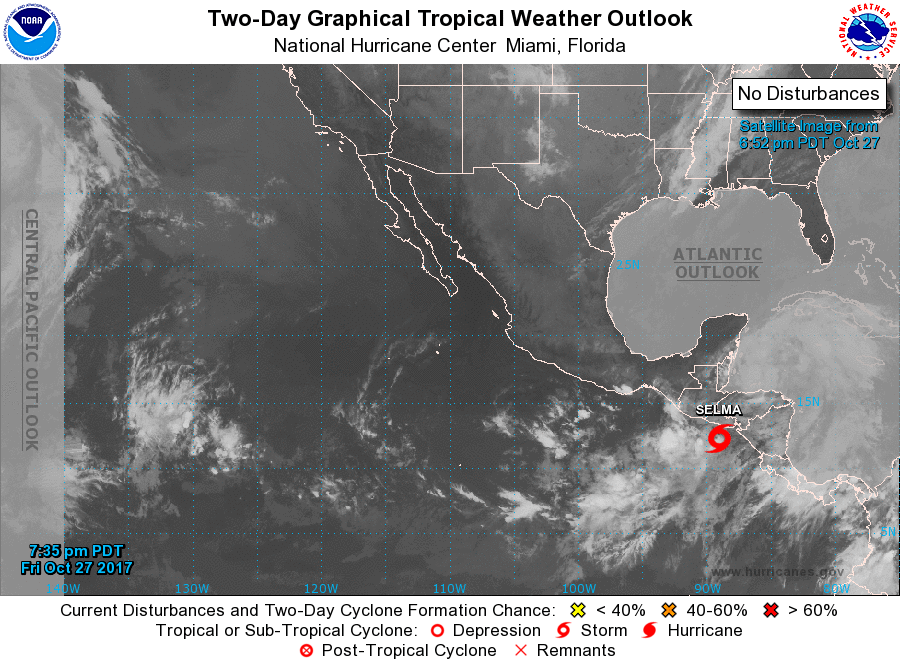
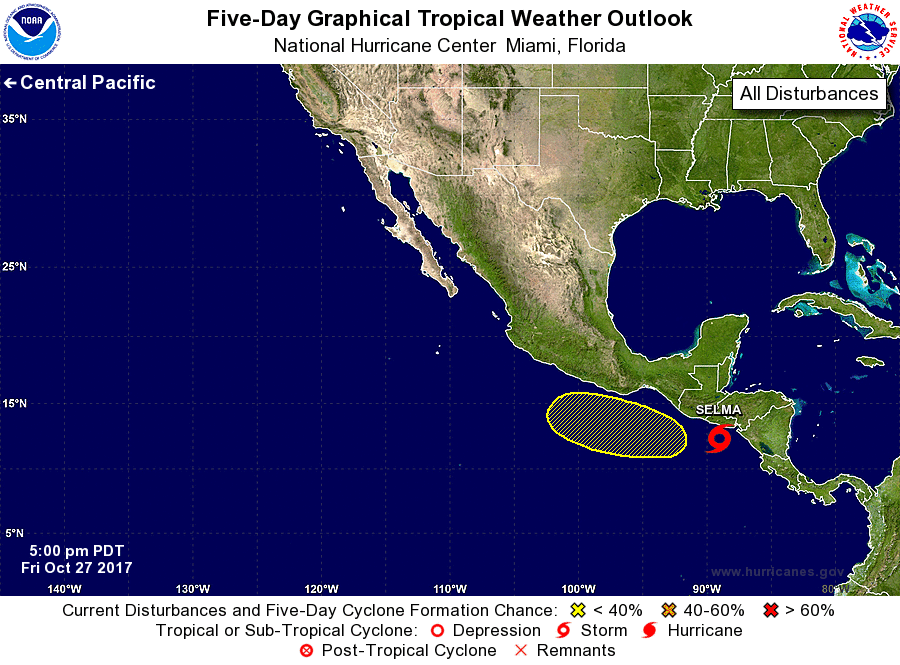
For the eastern North Pacific...east of 140 degrees west longitude:

The National Hurricane Center is issuing advisories on Tropical Storm Selma, located a little more than a hundred miles south of San Salvador, El Salvador.

1. A broad area of low pressure is expected to form a few hundred miles south or southwest of the Gulf of Tehuantepec in a couple of days. Development, if any, of this system is expected to be slow to occur while it moves slowly westward.
* Formation chance through 48 hours...low...near 0 percent.
* Formation chance through 5 days...low...10 percent.

Public Advisories on Selma are issued under WMO header WTPZ35 KNHC and under AWIPS header MIATCPEP5. Forecast/Advisories on Selma are issued under WMO header WTPZ25 KNHC and under AWIPS header MIATCMEP5.

Forecaster Cangialosi